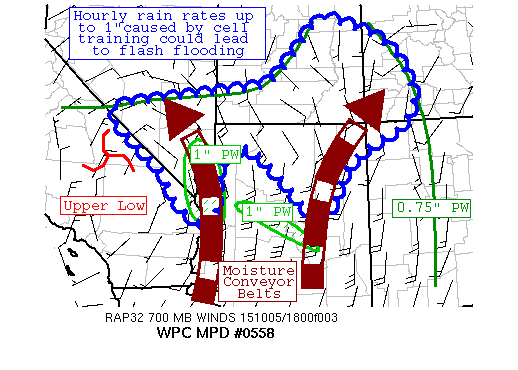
AREAS AFFECTED...PORTIONS OF THE SOUTHWEST

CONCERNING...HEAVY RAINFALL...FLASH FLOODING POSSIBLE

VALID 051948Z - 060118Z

SUMMARY...THUNDERSTORMS ARE EXPANDING IN COVERAGE NEAR THE AZ/NV
BORDER AND THE FOUR CORNERS REGION.  HOURLY RAIN RATES UP TO 1"
COULD CAUSE FLASH FLOODING AND ASSOCIATED DEBRIS FLOWS.

DISCUSSION...SATELLITE IMAGERY SHOWS AN UPPER LOW OVER SOUTHEAST
CA WITH TWO ASSOCIATED MOISTURE PLUMES -- ONE NEAR THE LOWER CO
RIVER AND THE SECOND EXTENDING FROM TUCSON AZ THROUGH THE FOUR
CORNERS.  PRECIPITABLE WATER VALUES OF 0.75-1.2" LIE ACROSS THIS
REGION PER GPS VALUES, WHICH IN SOUTHERN NV AND NEAR THE FOUR
CORNERS ARE OVER TWO SIGMAS ABOVE THE MEAN FOR EARLY OCTOBER;
ENOUGH FOR HEAVY RAIN ISSUES IN THE TERRAIN.  VAD WIND PROFILES
AND RAP FORECAST FIELDS INDICATE 700 HPA/CLOUD BASE INFLOW OF
20-40 KTS IN THIS REGION, WHICH HAS LED TO THE FORMATION OF CLOUD
STREETS.  WHEN COMBINED WITH DEEP SOUTHERLY FLOW,  NARROW
CONVECTIVE SEGMENTS HAVE OCCASIONALLY ATTEMPTED TO TRAIN.  MLCAPES
ARE IN THE 500-1000 J/KG RANGE PER SPC MESOANALYSES.

THE AVAILABLE MOISTURE ALLOWS FOR HOURLY RAIN RATES UP TO 1".  THE
CAM GUIDANCE ADVERTISED LOCAL AMOUNTS IN THE 1-2" RANGE, WHICH
ACROSS MUCH OF THIS REGION, WOULD EXCEED THE ONCE A DECADE RETURN
PERIOD FOR EACH INDIVIDUAL SPOT WITHIN A SIX HOUR PERIOD, IMPLYING
FLASH FLOOD ISSUES ARE POSSIBLE.  THE GUIDANCE SHOWS THUNDERSTORMS
ACROSS THE REGION BEGINNING TO FADE AROUND 01Z, WHILE THE BEST 700
HPA INFLOW MIGRATES/SHIFTS FROM WEST TO EAST ACROSS THE REGION.
FLASH FLOODING, WITH ASSOCIATED DEBRIS FLOWS, IS POSSIBLE.